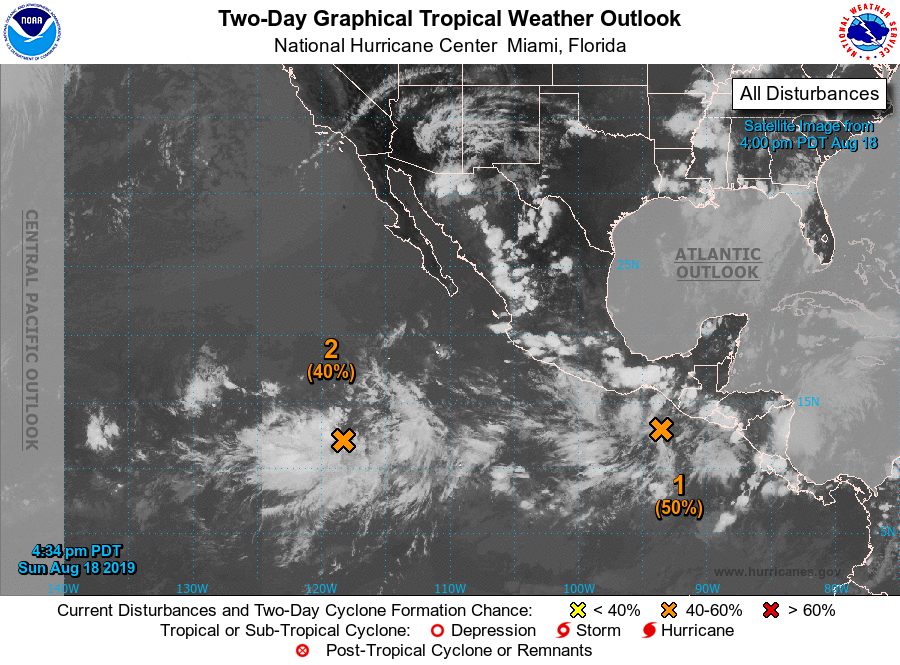
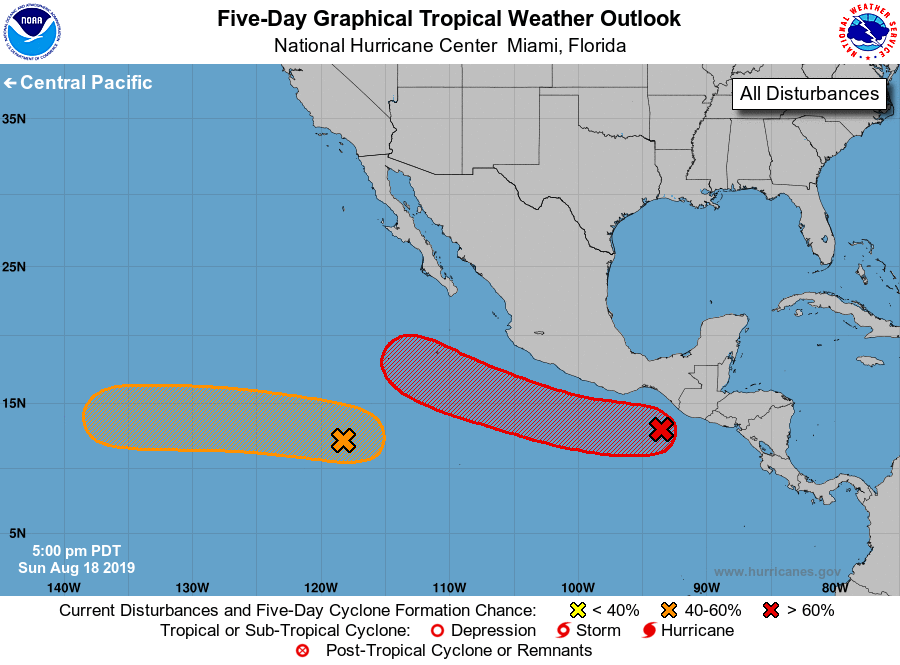
For the eastern North Pacific...east of 140 degrees west longitude:

1. An elongated area of low pressure located a couple of hundred miles south of Guatemala and southeastern Mexico continues to produce disorganized showers and thunderstorms. However, environmental conditions are forecast to become more conducive for development during the next couple of days, and a tropical depression is expected to form by Tuesday or Wednesday while the low moves west-northwestward at about 10 mph parallel to the coast of Mexico. Moisture associated with this disturbance could produce heavy rainfall and possible flash flooding across portions of Guatemala and southeastern Mexico during the next couple of days.
* Formation chance through 48 hours...medium...50 percent.
* Formation chance through 5 days...high...90 percent.

2. A low pressure system located more 900 miles southwest of the southern tip of the Baja California peninsula is producing a large area of cloudiness and thunderstorms. Environmental conditions are expected to gradually improve, and a tropical depression could form during the next few days while the system moves westward to west-northwestward at about 10 mph.
* Formation chance through 48 hours...medium...40 percent.
* Formation chance through 5 days...medium...60 percent.

Forecaster Stewart